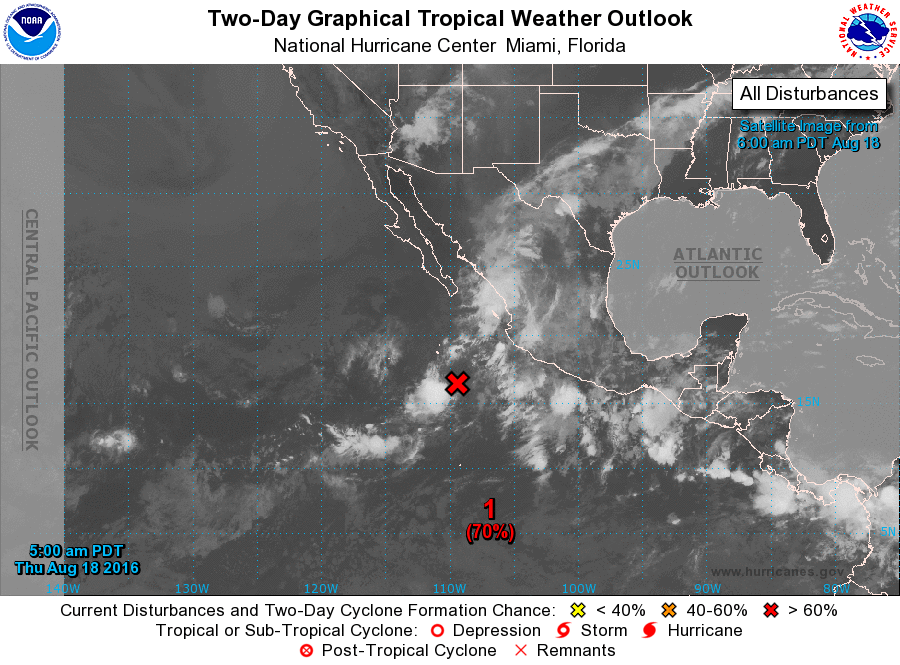
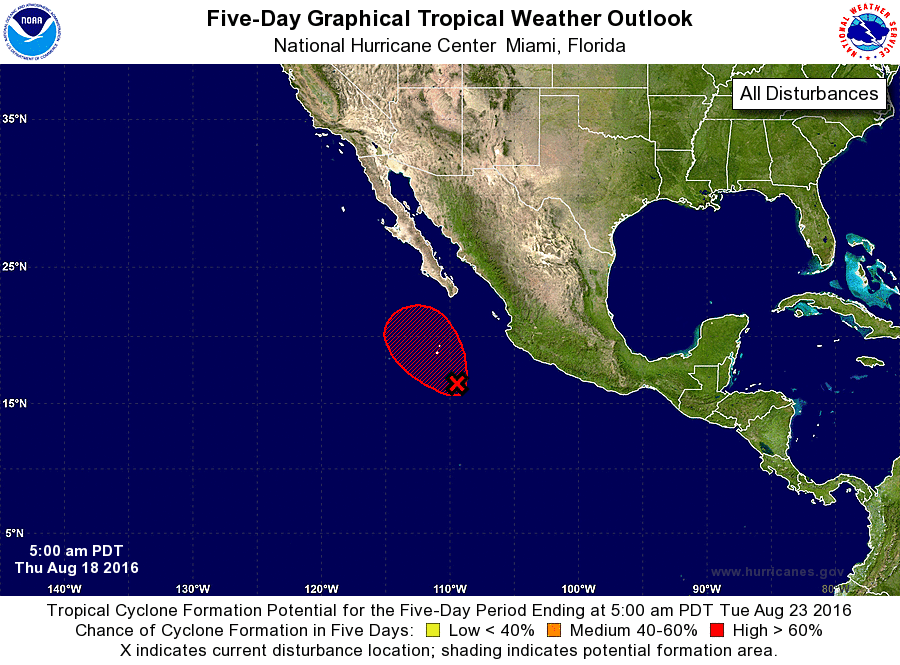
For the eastern North Pacific...east of 140 degrees west longitude:

1. Showers and thunderstorms gradually continue to become better organized in association with a low pressure system located about 350 miles west-southwest of Manzanillo, Mexico. Upper-level winds are expected to become more conducive for a tropical depression to form tonight or tomorrow while this system moves generally northwestward.
* Formation chance through 48 hours...high...70 percent
* Formation chance through 5 days...high...70 percent

Forecaster Roberts